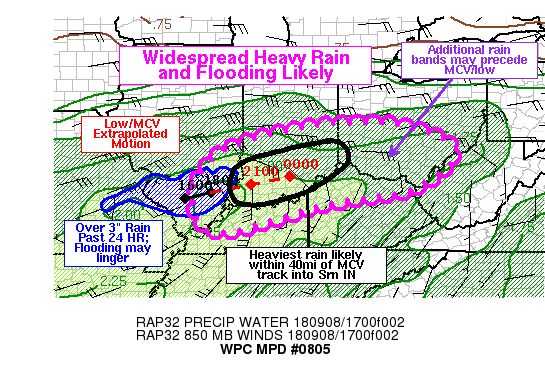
Areas affected...Ohio River Valley

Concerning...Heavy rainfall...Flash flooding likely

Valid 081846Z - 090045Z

Summary...Widespread heavy rainfall is likely in the Ohio River
Valley, and this should lead to numerous areas of flooding and
flash flooding across the region. Even after the rain ends,
flooding may persist for hours, as it likely still the case back
into southern Illinois and far eastern Missouri. The most likely
area for heavy rain and new/expanding flooding this afternoon
would be in southern Indiana. Some areas could receive in excess
of 3-4 inches of rain in the next six hours.

Discussion...A surface low associated with the remnants of Gordon
was approaching southwest Indiana as of 18Z. This also appeared to
be closely related to a circulation extending into the mid-levels,
evident on some of the area radars such as KVWX. The broad
circulation had inbound and outbound velocities in excess of 30
knots aloft, indicating a fairly vigorous circulation. This
appeared to be helping organize convective rain bands immediately
downstream, and was likely helping focus a band of heavy rain
around 100 miles downstream through an enhancement to the low-mid
level inflow and increased convergence on the nose of the LLJ.
Some of the convective bands near the center of the circulation
have been highly efficient rain producers. One tracked right over
Mount Vernon, IL (KMVN) and the observing site reported 2.41
inches of rain in an hour. Expect fairly widespread 1-2 in/hr rain
rates in this broader region of enhanced rain immediately
downstream of the MCV, with embedded corridors with rain rates up
to 3 in/hr. This should lead to a swath of heavy rainfall within
about 40mi of the track of the low and MCV into southern Indiana,
and it appears likely that some areas should receive over 3-4
inches of rain in the next 6 hours. The localized swaths of higher
rain rates would be very likely to cause flash flooding.
Therefore, the expectation is for widespread flooding issues
developing in southern Indiana this afternoon, with dangerous
flash flooding possible in areas of higher rain rates.

As the rain clears out, widespread areal flooding is likely to
continue for at least several hours. Numerous reports were
recently received of continuing flooding issues in southern
Illinois, where the rain has stopped falling, but over 3 inches
(and locally much more than that) fell over the previous 12-18
hours. Therefore, any flooding that does develop this afternoon
from southeast Illinois into southern Indiana should linger for
some time.

Further to the east, additional rain bands may precede the
approach of the low into northern Kentucky and southern Ohio, and
increase toward 00Z as low-level inflow begins to increase.
Although rain rates may be lower during the valid time of this
discussion, persistent rain could lead to some flooding issues,
and an increase in rainfall into the evening hours should allow
the flooding threat to continue spreading east.

Overall, the risk of significant and dangerous flash flooding
continues, and should be ramping up most notably in southern
Indiana this afternoon.